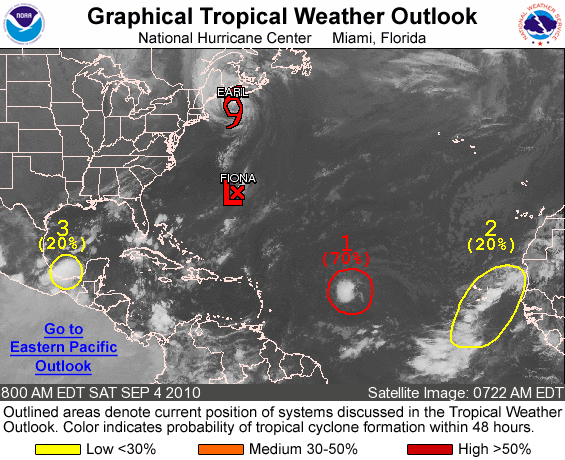
FOR THE NORTH ATLANTIC...CARIBBEAN SEA AND THE GULF OF MEXICO...

THE NATIONAL HURRICANE CENTER IS ISSUING ADVISORIES ON TROPICAL STORM EARL...LOCATED ABOUT 40 MILES SOUTH OF CAPE SABLE NOVA SCOTIA.

1. SHOWER AND THUNDERSTORM ACTIVITY ASSOCIATED WITH THE REMNANTS OF GASTON CONTINUE TO SHOW SIGNS OF ORGANIZATION THIS MORNING. ENVIRONMENTAL CONDITIONS ARE CONDUCIVE FOR RE-DEVELOPMENT OF THIS SYSTEM AND A TROPICAL DEPRESSION COULD RE-FORM IN THIS AREA LATER TODAY OR TONIGHT. THERE IS A HIGH CHANCE...70 PERCENT...OF THIS SYSTEM BECOMING A TROPICAL CYCLONE AGAIN DURING THE NEXT 48 HOURS AS IT MOVES WESTWARD AT ABOUT 10 MPH.

2. AN ELONGATED AREA OF LOW PRESSURE LOCATED BETWEEN THE WEST COAST OF AFRICA AND THE CAPE VERDE ISLANDS HAS BECOME LESS ORGANIZED. HOWEVER... ENVIRONMENTAL CONDITIONS COULD ALLOW FOR SOME SLOW DEVELOPMENT DURING THE NEXT COUPLE OF DAYS. THERE IS A LOW CHANCE...20 PERCENT...OF THIS SYSTEM BECOMING A TROPICAL CYCLONE DURING THE NEXT 48 HOURS AS IT MOVES NORTHWESTWARD NEAR 10 MPH.

3. AN AREA OF DISTURBED WEATHER CONTINUES OVER THE SOUTHERN BAY OF CAMPECHE. DEVELOPMENT OF THIS SYSTEM...IF ANY...SHOULD BE SLOW TO OCCUR DUE TO PROXIMITY TO LAND. THERE IS A LOW CHANCE...20 PERCENT...OF THIS SYSTEM BECOMING A TROPICAL CYCLONE DURING THE NEXT 48 HOURS AS IT MOVES NORTHWESTWARD AT 5 TO 10 MPH.

ELSEWHERE...TROPICAL CYCLONE FORMATION IS NOT EXPECTED DURING THE NEXT 48 HOURS.

FORECASTER BLAKE